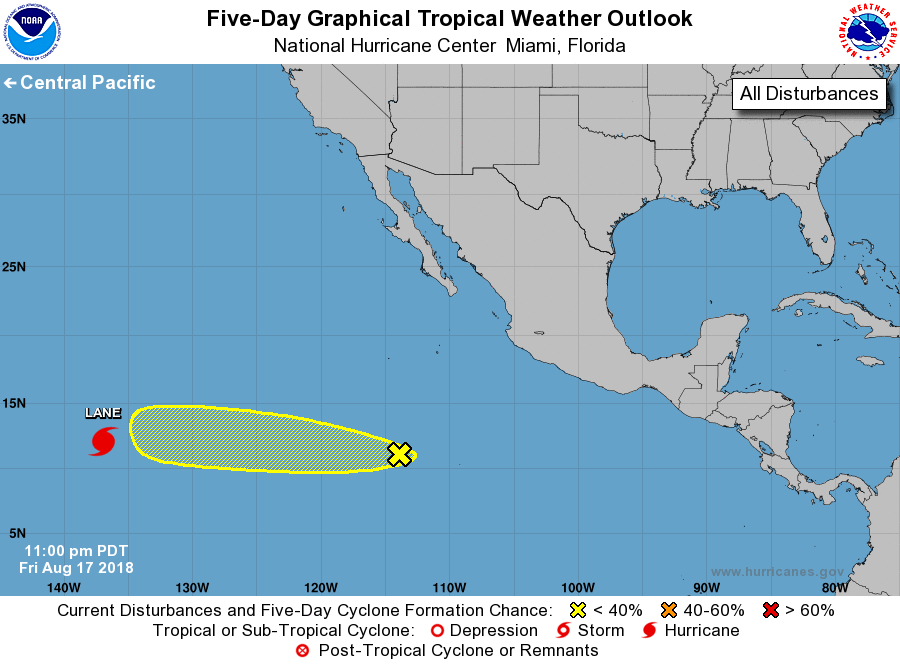
For the eastern North Pacific...east of 140 degrees west longitude:

The National Hurricane Center is issuing advisories on Hurricane Lane, located over the far southwestern portion of the eastern North Pacific basin.

1. A disorganized area of showers associated with a tropical wave is located about 900 miles south-southwest of the southern tip of the Baja California peninsula. A gradual development of this system is possible during the next several days while it moves westward to west-northwestward at 10 to 15 mph.
* Formation chance through 48 hours...low...10 percent.
* Formation chance through 5 days...low...20 percent.

Forecaster Avila